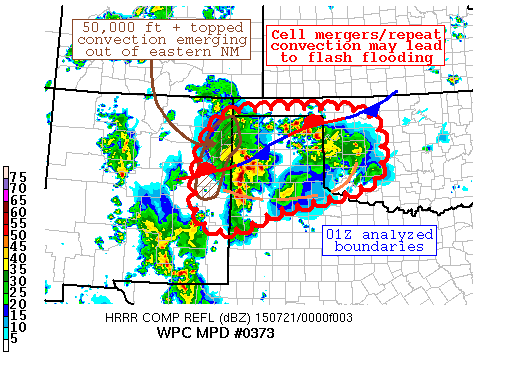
AREAS AFFECTED...EASTERN NM/TX AND OK PANHANDLES/WESTERN OK...

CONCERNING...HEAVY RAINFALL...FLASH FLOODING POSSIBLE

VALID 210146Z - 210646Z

SUMMARY...PERSISTENT WEST-EAST ORIENTED CONVECTION ACROSS THE TX
PANHANDLE WILL MAINTAIN A THREAT FOR LOCALIZED FLASH FLOODING.
MEANWHILE...DEEP CONVECTION WHICH EARLIER FORMED OVER THE SOUTHERN
ROCKIES CONTINUES TO MAINTAIN VERY HEALTHY COLD CLOUD TOPS. THIS
ACTIVITY IS EXPECTED TO TRANSLATE DOWNSTREAM SPREADING A RISK FOR
HEAVY RAINFALL INTO THE SOUTHERN HIGH PLAINS THIS EVENING AND INTO
THE OVERNIGHT HOURS.

DISCUSSION...THROUGHOUT THE AFTERNOON AND EVENING...RADAR IMAGERY
HAS SHOWN MULTIPLE WEST-EAST AXES OF CONVECTION DEVELOPING OVER
THE TX PANHANDLE. THE GENERAL THEME HAS BEEN FOR THE CELLS TO DUMP
THEIR CORES IN THE HIGH CAPE ENVIRONMENT AND PUT OUT MULTIPLE
OUTFLOW BOUNDARIES. THESE BOUNDARIES HAVE THEN PROVIDED ADDITIONAL
FOCI FOR CONVECTIVE ACTIVITY IN REGIONS WHICH HAVE NOT CONVECTED
PREVIOUSLY. THE 00Z RAOB FROM AMARILLO SUGGESTS THERE IS STILL
PLENTY OF INSTABILITY IN THE ATMOSPHERE TO EXHAUST WITH OVER 4000
J/KG IN THE SOUNDING WITH NO CAPPING. PROXIMITY SOUNDINGS IN
NEARBY LOCATIONS SHOW SIMILAR HIGH-END INSTABILITY PROFILES.

A BLENDED-TPW LOOP SUGGESTS THE TROPOSPHERE ACROSS THE SOUTHERN
HIGH PLAINS HAS MOISTENED IN THE PAST 6 HOURS WITH PWATS IN THE
1.50 TO 1.75 INCH RANGE AS OF 00Z. THIS COMBINATION OF SUFFICIENT
MOISTURE...LARGE AMOUNTS OF BUOYANCY...AND MULTIPLE SURFACE
BOUNDARIES SHOW A CONTINUED THREAT FOR FLASH FLOODING INTO THE
OVERNIGHT HOURS. FFG VALUES ARE GENERALLY QUITE HIGH EXCEPT FOR
LOCATIONS ON THE NORTHERN FRINGE OF THE MPD. OF COURSE THESE
NUMBERS HAVE LIKELY COME DOWN IN RECENT HOURS GIVEN EARLIER HEAVY
RAINFALL.

IT APPEARS THE 00Z HRRR HAS A DECENT HANDLE WITH THE ONGOING
ACTIVITY. THIS SOLUTION SUGGESTS HOURLY RATES IN THE 1.00 TO 1.50
INCH RANGE WITH ISOLATED HIGHER POCKETS WHERE CONVECTION BECOMES
MORE FOCUSED IN NATURE. WILL LET THE NIGHT SHIFT RE-ASSESS THE
SITUATION ONCE THIS EXPIRES.